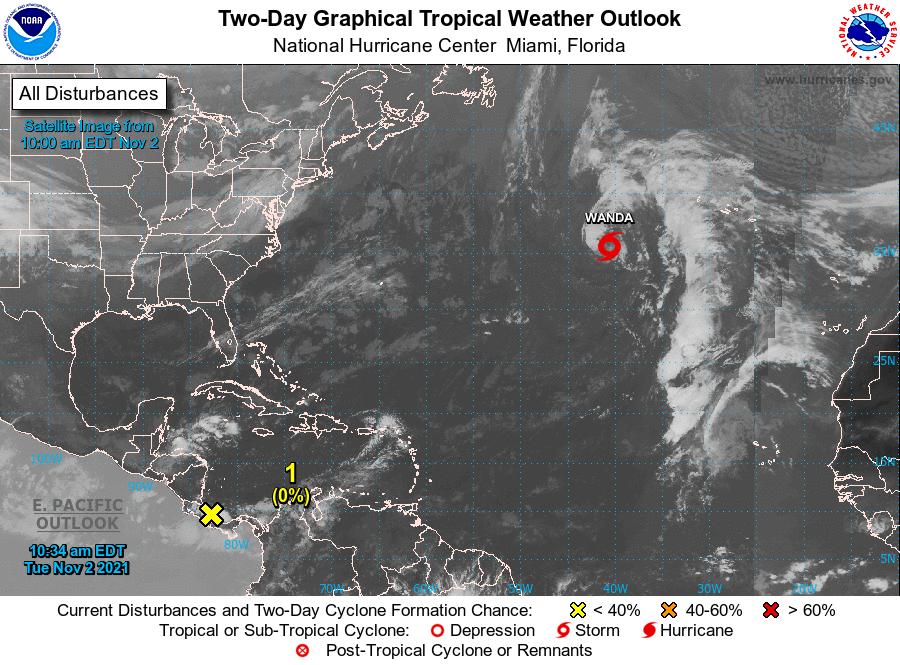
For the North Atlantic...Caribbean Sea and the Gulf of Mexico:

The National Hurricane Center is issuing advisories on Tropical Storm Wanda, located about 800 miles west of the Azores.

1. A low pressure system located along the eastern coast of Costa Rica is producing some disorganized showers and thunderstorms over the southwestern Caribbean Sea. This system is expected to move westward over Central America later today, and significant development is unlikely due to its interaction with land. However, this disturbance will still produce locally heavy rainfall across portions of southern Nicaragua, Costa Rica, and Panama through today, which could result in flooding and mudslides. By Wednesday, the system is forecast to move into the far eastern portion of the eastern Pacific basin.
* Formation chance through 48 hours...low...near 0 percent.
* Formation chance through 5 days...low...near 0 percent.

Forecaster Stewart